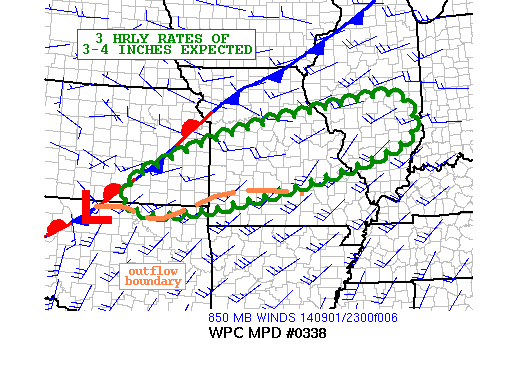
AREAS AFFECTED...ERN KANSAS / NERN OKLAHOMA...ENEWD INTO W-CNTRL
INDIANA

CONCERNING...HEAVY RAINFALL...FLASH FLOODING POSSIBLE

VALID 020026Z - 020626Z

SUMMARY...EVENING TRENDS HAVE ALLOWED FOR GREATER CONFIDENCE IN A
FLASH FLOOD THREAT EXTENDING FROM WSW TO ENE ACROSS MISSOURI AND
ILLINOIS DEVELOPING THROUGH 06Z. TRAINING CONVECTION WITH 3-HRLY
RATES OF 3 TO 4 INCHES CAN BE EXPECTED.

DISCUSSION...ALTHOUGH SOME UNCERTAINTY EXISTED EARLIER THIS
EVENING WITH A REMNANT OUTFLOW BOUNDARY NOT HANDLED WELL BY 12Z
MODEL GUIDANCE...WITH CONVECTION NOW UNDERWAY BETWEEN THE OUTFLOW
BOUNDARY AND SYNOPTIC FRONT...ENOUGH CONFIDENCE IS IN PLACE TO
FOCUS ON AN EXTENDED REGION FOR AN ENHANCED FLASH FLOOD THREAT
OVERNIGHT. 00Z VAD WIND PLOTS SHOW SSWLY FLOW OF 2O TO 30 KTS FROM
TUL TO SGF WHICH IS FORECAST TO SLOWLY INCREASE AND VEER ACROSS
CNTRL/SRN MISSOURI WITH THE PASSAGE OF A SOMEWHAT BROAD UPPER
TROUGH SEEN ON WATER VAPOR IMAGERY. UPPER LEVEL JET ENHANCEMENT
TIED TO A WELL DEFINED SHORTWAVE CURRENTLY OVER THE CNTRL
NEBRASKA/KANSAS BORDER IS FORECAST TO OCCUR WITH THE
RIGHT-ENTRANCE REGION SETTING UP OVER THE THREAT AREA BETWEEN 03Z
AND 06Z.

IN ADDITION TO LOW LEVEL CONVERGENT FLOW NEAR 850MB...SWLY LOW
LEVEL FLOW IS EXPECTED TO PARALLEL MEAN STORM MOTIONS TOWARD THE
ENE AT OR ABOUT 35 KTS CAUSING ONLY SLOW SYSTEM PROPAGATION TOWARD
THE SOUTHEAST OVER CNTRL MISSOURI INTO ILLINOIS.
MEANWHILE...CONVECTION FARTHER WEST ACROSS SERN KANSAS INTO
OKLAHOMA SHOULD FEATURE GREATER PROPAGATION TOWARD THE SOUTHEAST
ONCE A COLD POOL DEVELOPS GIVEN MORE OF A SRLY COMPONENT TO THE
LOW LEVEL FLOW. THE FLASH FLOOD THREAT ACROSS THE WRN PORTION OF
THE THREAT AREA SHOULD BE LIMITED. THE 12Z HI-RES ARW APPEARS TO
BE BEST HANDLING CURRENT RADAR TRENDS WHILE RUNS OF THE HRRR
BETWEEN 18Z AND 22Z MAY BE A BIT TOO FAR SOUTH.